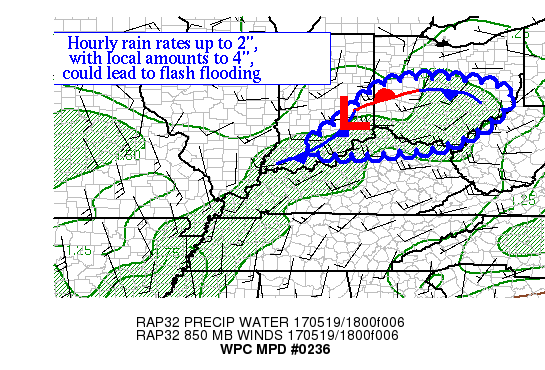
AREAS AFFECTED...SOUTHERN IN & SOUTHERN OH

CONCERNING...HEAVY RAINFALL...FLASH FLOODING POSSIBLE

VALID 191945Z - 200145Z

SUMMARY...THUNDERSTORMS ARE BEGINNING TO EXPAND IN COVERAGE IN THE
WARM ADVECTION PATTERN AHEAD OF A MESOSCALE WAVE.  HOURLY RAIN
RATES UP TO 2" WITH LOCAL AMOUNTS OF 2-4" COULD LEAD TO HEAVY RAIN
ISSUES.

DISCUSSION...A MESOSCALE WAVE INDUCED BY EARLIER CONVECTION ALONG
AN OLD OUTFLOW BOUNDARY COUPLED WITH A WEAK SHORTWAVE MOVING
ACROSS CENTRAL IN APPEAR TO BE ALLOWING CONVECTIVE EXPANSION
ACROSS SOUTHEAST IN AT THE PRESENT TIME.  PRECIPITABLE WATER
VALUES OF ~1.5" EXIST HERE.  CONVERGENT 850 HPA INFLOW OF 25-30
KTS IS IMPORTING MLCAPES OF 2000+ J/KG OUT OF WESTERN KY.  BULK
SHEAR OF ~25 KTS SHOULD ALLOW FOR CONVECTIVE ORGANIZATION, IN THIS
CASE IN THE FORM OF SHORT TRAINING BANDS AS THE FLOW IS NEARLY
UNIDIRECTIONAL WITH HEIGHT.

THE 12Z GFS-BASED GALVEZ-DAVISON INSTABILITY INDEX SHOWS A
FAVORABLE ENVIRONMENT FOR EXPANDING CONVECTION AS VALUES BREACH 30
BY 00Z.  THE 12Z WRF NSSL, 12Z NAM CONEST, AND 12Z CANADIAN
REGIONAL MODEL HAVE A SIGNAL IN THIS REGION, THOUGH AS USUAL THEY
COULD BE A BIT TOO FAR TO THE NORTH.  HOURLY RAIN RATES UP TO 2",
ALONG WITH LOCAL AMOUNTS OF 2-4", COULD LEAD TO HEAVY RAIN ISSUES
IN AN AREA WITH MODEST FLASH FLOOD GUIDANCE VALUES.